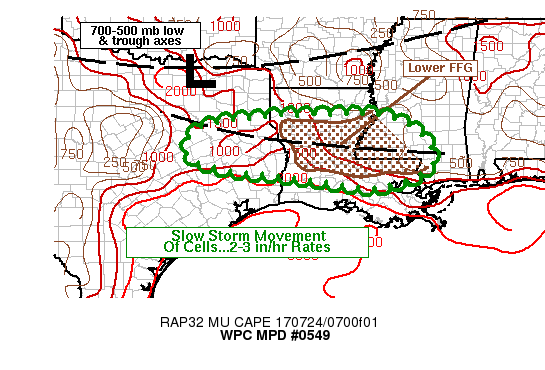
AREAS AFFECTED...ERN TX INTO CNTRL LA/SWRN MS

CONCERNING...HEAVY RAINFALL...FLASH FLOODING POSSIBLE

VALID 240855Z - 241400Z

SUMMARY...SCATTERED FLASH FLOODING WILL BE POSSIBLE FROM PORTIONS
OF ERN TX INTO CNTRL LA AND SWRN MS WITH SLOW CELL MOVEMENT
CONTAINING RAINFALL RATES OF 2-3 IN/HR. THE THREAT IS EXPECTED TO
SLOWLY INCREASE DURING THE EARLY MORNING HOURS.

DISCUSSION...SURFACE OBSERVATIONS PLACED AN OUTFLOW BOUNDARY
ARCING ROUGHLY WEST TO EAST ACROSS CNTRL AND ERN TX...WHICH HAS
BEEN RESPONSIBLE FOR RECENT THUNDERSTORM ACTIVITY OVER
HOUSTON...TRINITY AND ANGELINA COUNTIES WITH RADAR ESTIMATED
RAINFALL RATES SURPASSING 2 IN/HR AS OF 0840Z. OTHER SCATTERED
THUNDERSTORM ACTIVITY WAS NOTED ACROSS SWRN MS...IN THE VICINITY
OF A WEAK 700-500 MB TROUGH AXIS. THE ENTIRE REGION FROM EAST
TEXAS INTO SWRN MS IS CAUGHT IN A LARGE-SCALE COL IN THE MID-UPPER
FLOW ALLOWING FOR WEAK CELL MOTIONS. HOWEVER...VAD WIND PLOTS AT
KPOE AND KLCH CONFIRMED RECENT RAP FORECASTS OF RELATIVELY
STRONGER WLY 850 MB FLOW RANGING BETWEEN 15 AND 25 KT. GPS
PRECIPITABLE WATER VALUES RANGED FROM 1.9 TO 2.2 INCHES FROM 06Z
OVER THE ENTIRE REGION...WHICH SHOULD HELP COMPENSATE FOR WEAK
CAPE VALUES ESTIMATED TO BE BETWEEN 500 AND 1000 J/KG BASED ON
RECENT OUTPUT FROM THE SPC MESOANALYSIS PAGE.

THE EXPECTATION IS FOR THUNDERSTORM ACTIVITY TO INCREASE FROM
PORTIONS OF EAST TX INTO CNTRL LA AND SWRN MS OVER THE NEXT FEW
HOURS IN THE VICINITY OF WEAK UPPER FORCING. LITTLE CIN IN RAP
ANALYSIS SOUNDINGS MAY ALSO SUPPORT RAPID CELL DEVELOPMENT AFTER
SUNRISE. CELL MOVEMENT IS EXPECTED TO BE SLOW TOWARD THE
EAST...BUT STRONGER LOW LEVEL FLOW NOTED ABOVE SHOULD SUPPORT
TRAINING AND BACK BUILDING OF CONVECTION LEADING TO VERY HEAVY
RAINFALL RATES OF 2-3 IN/HR. THIS MAY LEAD TO A FEW AREAS OF FLASH
FLOODING DURING THE EARLY MORNING HOURS...ESPECIALLY IF COVERAGE
INCREASES OVER PORTIONS OF LA INTO MS WHERE FFG VALUES ARE
LOWERED...1.5 TO 3 INCHES IN 3 HOURS FOR A FEW LOCATIONS.

THIS SCENARIO HAS BEEN WELL ADVERTISED IN A MAJORITY OF THE 00Z
CAM GUIDANCE ALONG WITH THE PAST FEW RUNS OF THE HRRR AND ESRL
EXPERIMENTAL HRRR...HOWEVER THE COVERAGE IN THE HRRRS COULD BE TOO
LARGE BASED ON RECENT RADAR TRENDS. STILL...THE AREA IS WORTH
WATCHING FOR POSSIBLE FLASH FLOODING.